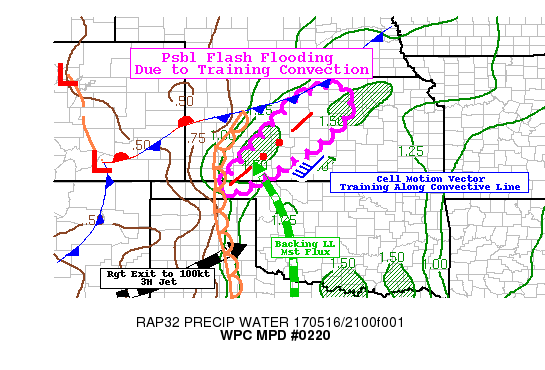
AREAS AFFECTED...SOUTHWEST AND CENTRAL KS...OK PANHANDLE

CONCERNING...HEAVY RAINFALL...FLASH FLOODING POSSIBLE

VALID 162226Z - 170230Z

SUMMARY...STRONGLY FORCED LINE OF DEEP CONVECTION WITH CELL
MOTIONS THAT MAY PROMOTE TRAINING OVER THE NEXT FEW HOURS WITH
FLASH FLOODING POSSIBLE.

DISCUSSION...WHILE SEVERE WEATHER IS CLEARLY A DOMINANT CONCERNS
(REFER TO RECENT MCDS FROM SPC) RECENT RADAR AND SATELLITE TRENDS
DENOTE AN INCREASINGLY LINEAR ORIENTATION AS SUPERCELLS BEGIN TO
EXPAND/MERGE ACROSS SW KS WITH ADDITIONAL UPSTREAM DEVELOPMENT IN
THE OK PANHANDLE.  RECENT 21-22Z SFC MESO-ANALYSIS ALSO INDICATES
WEAK WESTWARD BUCKLE IN THE DRY LINE WITH SOME INCREASED BACKING
LOW LEVEL FLOW GENERALLY ORTHOGONAL TO THE EXPANDING LINE FURTHER
SUPPORTING STRONG INFLOW AND MST FLUX OF MID-60S F TDS AND 850MB
TDS IN THE LOW 60S F.  ABOVE THE BOUNDARY LAYER...ELEVATED MIXED
LAYER IS ADVECTING IN WITH STRENGTHENING SWLY 7H FLOW THAT
CONTINUES THROUGH DEPTH TO 3H WITH FAIRLY UNIDIRECTIONAL STEERING
FLOW PARALLEL TO ORIENTATION OF THE CONVECTIVE LINE.
ADDITIONALLY...WV LOOP SHOWS NOSE OF UL JET PRESSING THROUGH THE
TX PANHANDLE WITH RIGHT EXIT ASCENT DYNAMICS OVER SW KS WITH
EXPECTATION FOR SOME STRENGTHENING DIVERGENCE ALOFT TO MAINTAIN
THIS GROWING COMPLEX THROUGH THE EVENING HOURS. AS SUCH RAIN RATES
UP TO 1.5-1.75"/HR ARE POSSIBLE WITH TOTALS OF 2-4"
PSBL...PARTICULARLY FURTHER NORTHEAST ALONG THE LINE GIVEN LONGER
TRAINING DURATION...SUPPORTED BY RECENT HRRR RUNS.